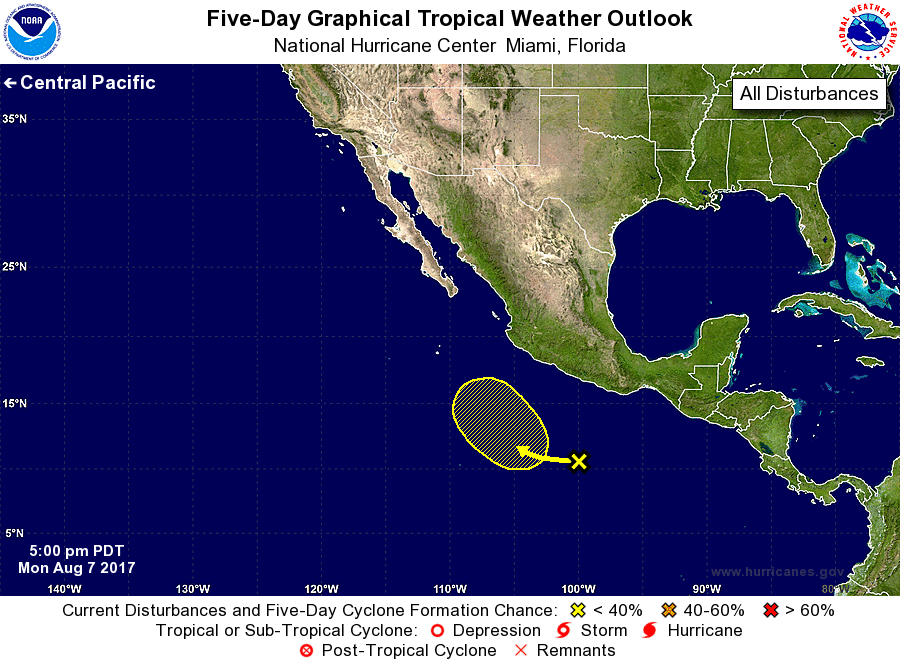
For the eastern North Pacific...east of 140 degrees west longitude:

1. A trough of low pressure located several hundred miles south of Acapulco, Mexico, is producing disorganized showers and thunderstorms. Environmental conditions are expected to become less favorable during the next few days, and development, if any, of this system should be slow to occur.
* Formation chance through 48 hours...low...near 0 percent.
* Formation chance through 5 days...low...10 percent.

Forecaster Brown